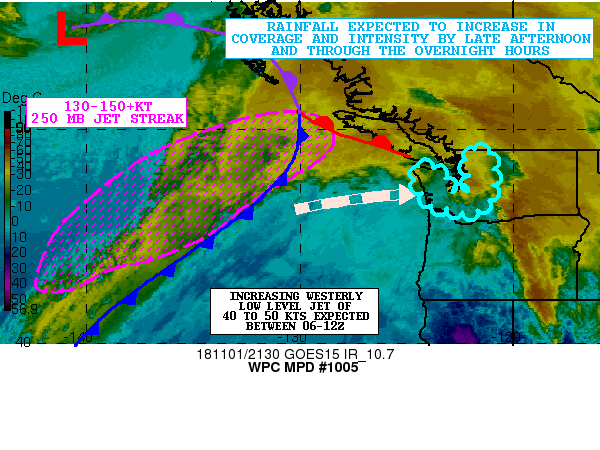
Areas affected...Western and Northern WA

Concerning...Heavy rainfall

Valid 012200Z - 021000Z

Summary...A modest atmospheric river event will ensue this
afternoon and overnight for western and northern Washington with
heavy rainfall likely.

Discussion...The latest GOES-WEST IR satellite imagery shows a
well-defined frontal system offshore the Pacific Northwest
associated with an upper trough which will advance east over the
next 6 to 12 hours and move inland across the Pacific Northwest by
tomorrow morning.

Already there is plenty of warm advection rainfall overspreading
areas of the Olympic Peninsula and up across the Cascades of
northern WA as a warm front approaches Vancouver Island. Rainfall
rates over the last couple of hours have been locally approaching
a 0.25 inch/hr, and these rates will gradually increase through
the late afternoon time frame and especially after 00Z as
strengthening low to mid level westerly flow enhances isentropic
lift and couples with improving orographic ascent for notably
heavier rainfall rates.

The latest blended-TPW product shows a very well-defined axis of
subtropical moisture focused up along and ahead of the cold front
offshore, with PWATs of as much as 1.25 to 1.5 inches. Already
there are PWATs as high as 1.3 to 1.4 pooling up across Vancouver
Island as per the GPS-derived data, and these values are about 2.5
standard deviations above normal.

The latest hires model consensus suggests the bulk of this
offshore moisture arriving overnight in the 06-12Z time frame as
the cold front begins moving inland and coincides with a peak
westerly low level jet of 40 to 50 kts. This will help drive
moisture flux anomalies in the 850/700 mb layer of 3 to 4 standard
deviations above normal. This enhanced moisture transport coupled
with the nose of a 130-150+kt 250 mb jet streak and strong
orographic forcing will result in enhanced rainfall rates during
this time frame which are likely to peak up between 0.50 to 0.75
inches/hr.

The 12Z/18Z HREF mean supports storm totals of as much as 3 to 6
inches with isolated heavier amounts going through 12Z on Friday.
The dominant focus of this heavy rainfall will be over the Olympic
Peninsula and also up over the Cascades of northern WA. Lesser
amounts of 1 to 3 inches are expected farther south across the
coastal ranges of southwest WA and the southern WA Cascades.